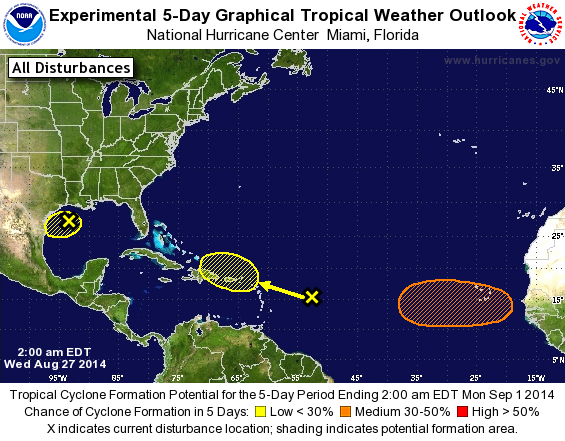
For the North Atlantic...Caribbean Sea and the Gulf of Mexico:

The National Hurricane Center is issuing advisories on Hurricane Cristobal, located several hundred miles west-southwest of Bermuda.

1. A trough of low pressure over the northwestern Gulf of Mexico is producing minimal shower activity. This system is expected to move west-southwestward over southern Texas and northern Mexico in a day or two with little or no development.
* Formation chance through 48 hours...low...10 percent.
* Formation chance through 5 days...low...10 percent.

2. A tropical wave located about 600 miles east of the Lesser Antilles continues to produce disorganized cloudiness and showers. Environmental conditions are not expected to be favorable for development of this system while it moves west-northwestward at about 15 mph.
* Formation chance through 48 hours...low...near 0 percent.
* Formation chance through 5 days...low...10 percent.

3. A tropical wave is forecast to move off the west coast of Africa late this week. Conditions appear to be favorable for some development thereafter while the system moves westward at 10 to 15 mph across the eastern Atlantic.
* Formation chance through 48 hours...low...near 0 percent.
* Formation chance through 5 days...medium...40 percent.

Forecaster Cangialosi